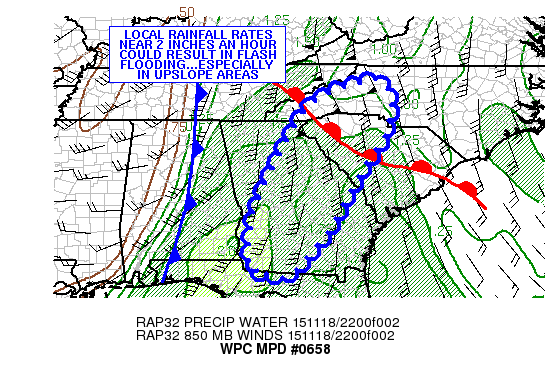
AREAS AFFECTED...CENTRAL AND EASTERN GA...WESTERN AND SC/WESTERN
NC

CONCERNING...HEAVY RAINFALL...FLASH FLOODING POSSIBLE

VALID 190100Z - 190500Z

SUMMARY...FLASH FLOODING IS POSSIBLE ACROSS PORTIONS OF
GA...NORTHWEST SC AND FAR WESTERN NC THROUGH THE LATE EVENING
HOURS...ESPECIALLY IN AREAS OF UPSLOPE AND WHERE TRAINING OCCURS.

DISCUSSION...A LINE OF CONVECTION CROSSING GA INTO NORTHWEST SC IS
PRODUCING LOCALLY HEAVY RAINFALL...AS THE LOW TOPPED STORMS TAP
DEEP MOISTURE (IN THE FORM OF 2.00 INCH PRECIPITABLE WATER AIR) ON
A 30 TO 40 KNOT LOW LEVEL SOUTHERLY FLOW. INSTABILITY AHEAD OF THE
FRONT IS FAIRLY MEAGER (WITH MLCAPE VALUES AT OR BELOW 500
J/KG)...BUT MRMS RAINFALL RATE AND LOCAL RADAR ESTIMATES HOURLY
RATES BETWEEN 1.50 AND 2.00 INCHES...ESPECIALLY ACROSS NORTH
CENTRAL GA.

AS A STRONG SHORT WAVE APPROACHES FROM THE GULF STATES...INCREASED
SYNOPTIC SCALE ASCENT MAY BE ABLE TO PARTIALLY COMPENSATE FOR THE
GENERAL LACK OF INSTABILITY TO KEEP THE CONVECTION FIRING AHEAD OF
THE COLD FRONT AS IT APPROACHES NORTHEAST GA...NORTHWEST SC AND
FAR WESTERN NC. THE LATEST RAP INDICATED THAT THE 30 TO 40 KNOT
LOW LEVEL SOUTHERLY FLOW PERSISTS INTO THE LATE EVENING
HOURS...TRANSPORTING 1.75 TO 2.00 INCH PRECIPITABLE WATER AIR INTO
THIS REGION.

THE 850-300 MB FLOW BECOMES BETTER ALIGNED WITH THE CORFIDI
VECTORS FOR A TIME THIS EVENING...WHICH WOULD PROMOTE THE
POTENTIAL FOR TRAINING. LOW TOPPED CONVECTION TRACKING NORTHWARD
ACROSS EAST GA AND SOUTHERN SC COULD MERGE WITH THE CONVECTION
AHEAD OF THE COLD FRONT... RESULTING IN A LOCALLY HIGHER THREAT
FOR FLASH FLOODING.

THREE HOUR FLASH FLOOD VALUES ARE FAIRLY HIGH ACROSS THIS REGION.
THE POTENTIAL FOR TRAINING...AS WELL AS UPSLOPE FLOW GIVEN THE
STRONG LOW LEVEL SOUTHERLY FLOW... COULD RESULT IN LOCAL HOURLY
RAINFALL RATES NEAR 2 INCHES. ALMOST ALL OF THE HIGH RESOLUTION
GUIDANCE IS SLOW WITH THE CONVECTION...BUT INDICATE LOCAL 3-4 INCH
RAINFALL AMOUNTS ACROSS NORTHWEST SC AND WESTERNMOST NC THROUGH
19/05.